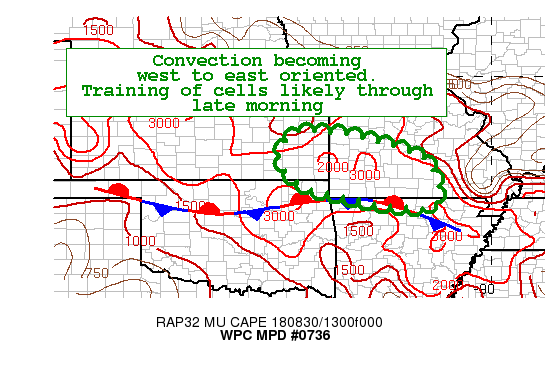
Areas affected...Southeast KS and southwestern MO

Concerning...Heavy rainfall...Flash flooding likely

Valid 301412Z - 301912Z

Summary...Convection has become more west to east oriented this
morning to the north of a stationary front draped across the
Southern Plains.  Training of cells likely along and north of this
front through the remainder of this morning...producing  hourly
rainfall amounts of 2"+ and totals of 3-5".

Discussion...Convection that was fairly progressive earlier this
morning to the  north of the west to east stationary front across
the Southern Plains has become aligned more in a west to east
direction.  This is leading to increased training along and north
of this front and with flash flooding likely in areas of training
from southeast Kansas into Southwest Missouri.  This activity is
forming in an axis of mu-cape values 3000+ j/kg in the vicinity of
this front and pw values 1 to 1.5 standard deviations above the
mean . Much of the hi res guidance from 0000 UTC and the latest
NAM conest from 1200 UTC are not handling this activity
well...showing the typical bias of being underdone with respect to
the simulated radars.  These models suggest more progression to
the east and southeast...but radar trends suggest training will
continue to be a possibility through the remainder of this
morning.